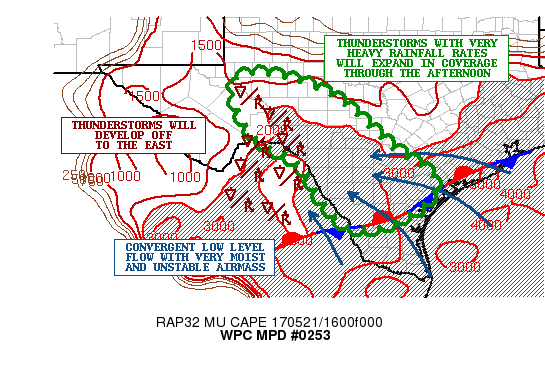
AREAS AFFECTED...SOUTHWEST TO SOUTH-CENTRAL TX

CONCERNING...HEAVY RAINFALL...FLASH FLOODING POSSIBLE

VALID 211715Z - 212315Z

SUMMARY...THUNDERSTORMS ARE EXPECTED TO EXPAND IN COVERAGE AND
BECOME MORE ORGANIZED THIS AFTERNOON. VERY HEAVY RAINFALL RATES UP
TO 2.5 INCHES/HR ARE EXPECTED...AND SOME FLASH FLOODING WILL BE
POSSIBLE.

DISCUSSION...THE LATEST EXPERIMENTAL GOES-16 VIS/IR SATELLITE DATA
SHOWS A GRADUALLY EXPANDING CLUSTER OF STRONG THUNDERSTORMS OVER
PARTS OF SOUTHWEST TX AND NORTHERN MEXICO INVOLVING THE NORTHERN
STATE OF COAHUILA. ALREADY NOTING SEVERAL OVERSHOOTING TOPS AND
THE GLD-360 LIGHTNING DENSITY PRODUCT IS SHOWING A NOTABLE UPTICK
IN STRIKE ACTIVITY NEAR THE RIO GRANDE RIVER AND DOWN OVER THE
MEXICAN STATE OF COAHUILA WEST AND SOUTHWEST OF DEL RIO.

THE CONVECTION IS DEVELOPING IN RESPONSE TO A STRONG SHORTWAVE
TROUGH IN THE SUBTROPICAL STREAM ADVANCING EAST ACROSS NORTHERN
MEXICO WHILE INTERACTING WITH A CONVERGENT AND MOIST/UNSTABLE
BOUNDARY LAYER THAT HAS POOLED UP WEST ACROSS THE LOWER AND MIDDLE
RIO GRANDE VALLEY ALONG WITH ADJACENT AREAS OF SOUTH-CENTRAL TX.
THE 12Z DEL RIO RAOB CONFIRMED AN ALREADY MOIST AND UNSTABLE
COLUMN WITH A PWAT OF 1.71...LI OF -8 AS AIDED BY STEEP MID LEVEL
LAPSE RATES...AND AN IMPRESSIVELY HIGH K-INDEX OF 42.

THE UPSTREAM CONVECTIVE ACTIVITY WILL ADVANCE EAST THIS AFTERNOON
INTO THIS FAVORABLY MOIST/UNSTABLE DOWNSTREAM ENVIRONMENT AND
COUPLED WITH RATHER STRONG DEEP LAYER SHEAR PROFILES SHOULD ALLOW
THE CONVECTION TO EXPAND IN COVERAGE AND GROW UPSCALE IN TERMS OF
ORGANIZATION.

RAINFALL RATES THIS AFTERNOON WILL BE VERY HIGH...LIKELY UPWARDS
OF 2.5 INCHES/HR...OWING TO THE MORE CONCENTRATED AND DEEPER LEVEL
OF MOISTURE AS THE CIRA-LPW DATA IS CONFIRMING IN THE 300/500MB
AND 500/700MB LAYERS.

THE LAST FEW RUNS OF THE HRRR HAVE SUGGESTED AS MUCH AS 3 TO 5
INCHES WITH ISOLATED AMOUNTS OVER 5 INCHES CLOSE TO THE RIO GRANDE
RIVER THROUGH THE AFTERNOON. EXPECT THERE TO BE SOME CONCERNS FOR
FLASH FLOODING AS A RESULT.